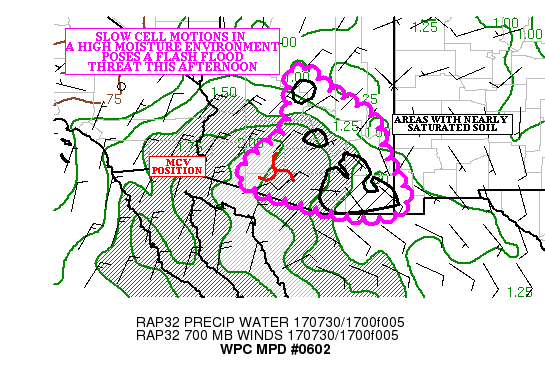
AREAS AFFECTED...PORTIONS OF SOUTHERN AND CENTRAL AZ...FAR
SOUTHWEST NM

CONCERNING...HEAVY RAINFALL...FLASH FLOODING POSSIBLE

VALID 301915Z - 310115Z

SUMMARY...SLOW MOVING CONVECTION IN THE MONSOONAL MOISTURE CHANNEL
POSES A FLASH FLOOD THREAT THIS AFTERNOON...PARTICULARLY IN AREAS
THAT RECEIVED HEAVY RAINFALL SATURDAY AFTERNOON AND EVENING.

DISCUSSION...CONVECTION IS BEGINNING TO INITIATE OVER THE HIGHER
TERRAIN OVER SOUTHEAST AZ...WHERE THE EXPERIMENTAL GOES-16 CLEAN
IR LOOP SHOWED RAPIDLY COOLING TOPS. THE CONVECTION IS FORMING IN
AN AREA OF 1000-1500 J/KG MLCAPE...WITH NO REMAINING CIN. THE
CONVECTION IS ALSO FIRING ON THE PRECIPITABLE WATER
GRADIENT...WITH VALUES NEAR 1.50 INCHES OVER THE HIGHER TERRAIN IN
SOUTHEAST AZ. THE KEMX RADAR SHOWED HOURLY RAINFALL RATES NEAR AN
INCH WITH THE NEWLY DEVELOPED CONVECTION. THE MOST RECENT HRRR
SHOWED THE POTENTIAL FOR LOCAL 2.00+ INCH RAINFALL AMOUNTS...
ESPECIALLY NEAR THE TERRAIN... WHERE THE CONVECTION WILL BE TIED
FOR A TIME.

SOUTHEAST AZ MAY SEE AN ENHANCED THREAT FOR FLASH FLOODING...AS
THIS AREA HAS SEEN ROUNDS OF CONVECTION OVER THE PAST TWO NIGHTS.
THE LATEST HRRR PERCENT OF SOIL SATURATION PRODUCT INDICATED THAT
THIS AREA MAY BE NEARLY SATURATED IN SPOTS OVER THE HIGHER TERRAIN.

FURTHER NORTH AND WEST...THE AIRMASS IS STILL CAPPED...PER RAP
SOUNDINGS. CLOUDS HAVE BEEN SLOWER TO CLEAR ACROSS SOUTHWEST  AND
CENTRAL AZ THIS MORNING (DUE TO CONVECTION EARLY THIS
MORNING)...AND THE CIN HAS REMAINED IN PLACE. HOWEVER...AS THE
CLOUD THIN...HEATING SHOULD ERODE THE REMAINING CIN...AND
CONVECTIVE INITIATION IS EXPECTED.

VISIBLE SATELLITE IMAGES SHOWED AN OLD MCV OVER SOUTHWEST AZ...AND
THIS FEATURE COULD AID IN FOCUSING MOISTURE AND INSTABILITY ACROSS
THIS AREA. MOISTURE VALUES ARE MUCH HIGHER IN SOUTHWEST AZ...WITH
PRECIPITABLE WATER VALUES NEAR 2.00 INCHES. THERE IS MORE IN THE
WAY OF MID LEVEL FLOW OVER SOUTHWEST AZ...AND THE MOTION COULD
PRECLUDE A LARGER FLASH FLOOD THREAT THIS AFTERNOON. STILL...DUE
TO THE HIGHER MOISTURE CONTENT OF THE AIR...LOCAL 2.00+ INCH
RAINFALL AMOUNTS ARE POSSIBLE HERE AS WELL.

AS THE INSTABILITY BECOMES EXHAUSTED AFTER 31/01Z...THE FLASH
FLOOD THREAT SHOULD START TO WANE.